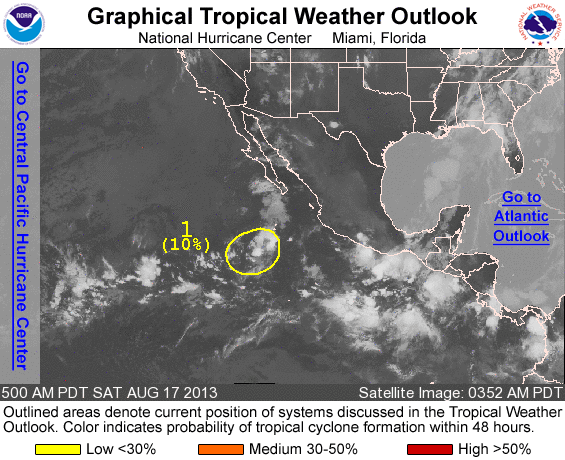
FOR THE EASTERN NORTH PACIFIC...EAST OF 140 DEGREES WEST LONGITUDE..

1. A TROUGH OF LOW PRESSURE LOCATED ABOUT 550 MILES SOUTH-SOUTHWEST OF THE SOUTHERN TIP OF THE BAJA CALIFORNIA PENINSULA IS PRODUCING DISORGANIZED SHOWERS AND THUNDERSTORMS. DEVELOPMENT...IF ANY...OF THIS DISTURBANCE IS EXPECTED TO BE SLOW TO OCCUR WHILE IT MOVES WESTWARD AT ABOUT 10 MPH. THIS SYSTEM HAS A LOW CHANCE... 10 PERCENT...OF BECOMING A TROPICAL CYCLONE DURING THE NEXT 48 HOURS...AND A LOW CHANCE...10 PERCENT...OF BECOMING A TROPICAL CYCLONE DURING THE NEXT FIVE DAYS.

OTHER SYSTEMS WITH FORMATION POTENTIAL BEYOND 48 HOURS...

AN AREA OF LOW PRESSURE COULD FORM WELL SOUTHWEST OF THE COAST OF MEXICO IN A FEW DAYS...AND ENVIRONMENTAL CONDITIONS APPEAR CONDUCIVE FOR SOME DEVELOPMENT BY THE MIDDLE OF NEXT WEEK. THIS SYSTEM HAS A LOW CHANCE...NEAR 0 PERCENT...OF BECOMING A TROPICAL CYCLONE DURING THE NEXT 48 HOURS...AND A LOW CHANCE...20 PERCENT... OF BECOMING A TROPICAL CYCLONE DURING THE NEXT FIVE DAYS.

FIVE-DAY FORMATION PROBABILITIES ARE EXPERIMENTAL IN 2013. COMMENTS ON THE EXPERIMENTAL FORECASTS CAN BE PROVIDED AT...

HTTP://WWW.NWS.NOAA.GOV/SURVEY/NWS-SURVEY.PHP?CODE=ETWO

FORECASTER CANGIALOSI